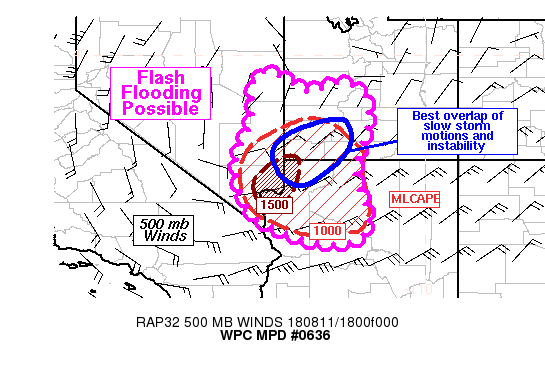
Areas affected...Southwest Utah, Northwest Arizona, Far Southeast
Nevada

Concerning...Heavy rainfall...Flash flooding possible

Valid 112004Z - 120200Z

Summary...Scattered thunderstorms will continue to develop early
this afternoon along the higher terrain ridges of southwest Utah
and northwest Arizona. A greater concentration of storms is
possible in far southwest Utah and near the UT-AZ border. Over the
entire region, the storms may produce rain rates in excess of 1
in/hr, which could lead to flash flooding.

Discussion...19Z RAP analysis places a bubble of stronger
instability very near the confluence of the NV-AZ-UT borders, with
MLCAPE values above 1000 j/kg. Convective inhibition was beginning
to erode further east initially, from around the ranges of central
Utah south into Arizona. Convection was already developing along
the terrain ridges in Utah and Arizona, and this should continue
as the atmosphere destabilizes further in the next hour or two.
The available instability should support fairly strong convection,
with the potential for locally heavy rainfall. There was a minimum
in the deep layer (850-300mb) mean wind from northern Clark
County, NV into western Garfield County, UT near the center of a
mid-level ridge axis. Just to the south over northern Arizona, the
mid-level flow was actually above 20 knots out of the NE/ENE. This
may allow for faster storm propagation in portions of Arizona,
which could limit flash flood potential despite generally higher
precipitable water and CAPE values. The best overlap of the slower
storm motions and stronger instability, therefore, is close to the
UT-AZ border region. This would be the area most favored for flash
flooding, and the 12Z HREF has the greatest probabilities for over
1 inch of rainfall in the same area. KICX radar already shows some
slow moving storms in southwest Utah, and this may continue
through the afternoon hours as convection gradually spreads west
into the region of greater instability.